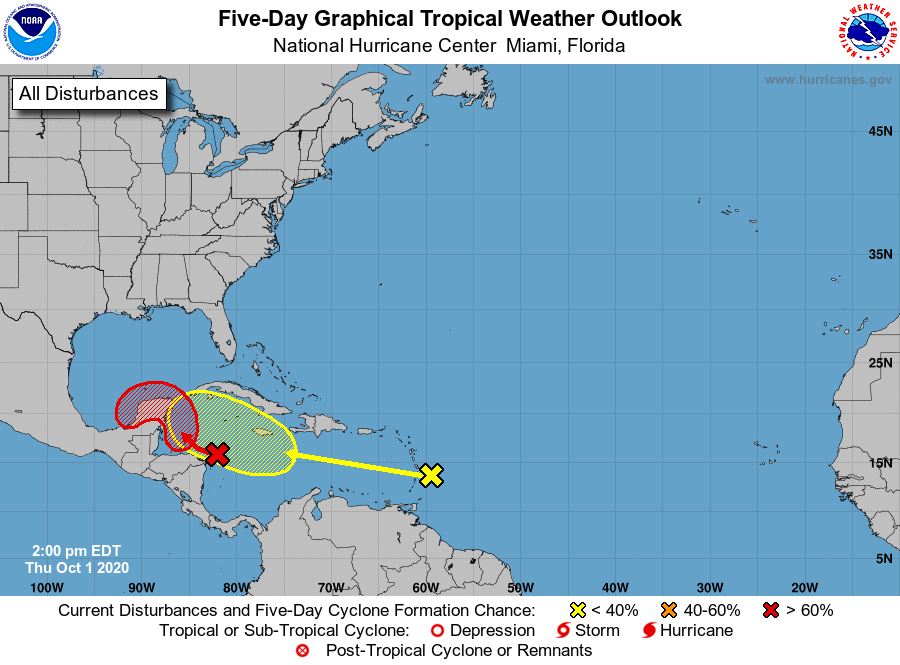
For the North Atlantic...Caribbean Sea and the Gulf of Mexico:

1. A well-defined tropical wave located over the western Caribbean Sea is producing a large area of disorganized showers and thunderstorms. Conditions are expected to be conducive for a tropical depression to form by early next week, but only if the system moves and remains over the waters of the northwestern Caribbean Sea or southern Gulf of Mexico. Development will become less likely if the system moves over the Yucatan Peninsula or northern Central America. Regardless of development, this system is expected to produce locally heavy rains, with possible flash flooding, over portions of southeastern Mexico, Central America, and western Cuba during the next several days, and interests in those areas should monitor the progress of the disturbance.
* Formation chance through 48 hours...medium...40 percent.
* Formation chance through 5 days...high...70 percent.

2. Another tropical wave located just east of the Lesser Antilles is also producing a large area of disorganized showers and thunderstorms. This wave is forecast to move westward at 15 to 20 mph during the next several days, and environmental conditions could become a little more conducive for development when the system is over the central or western Caribbean Sea early next week.
* Formation chance through 48 hours...low...near 0 percent.
* Formation chance through 5 days...low...20 percent.

Forecaster Berg